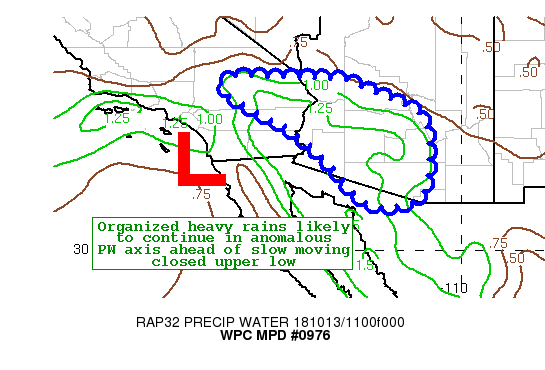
Areas affected...Eastern California...Southwest Arizona

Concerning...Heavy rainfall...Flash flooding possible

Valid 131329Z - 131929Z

Summary...This is an update to mesoscale precipiation discussion
#0974.  Heavy rain and flash flooding potential will continue into
Saturday morning over eastern California into Southwest Arizona
ahead of the strong closed low off the southern California coast.

Discussion...The latest regional radars and satellite imagery are
showing no let up to the organized area of heavy precipitation
across eastern California into far southwest Arizona ahead of the
strong closed low currently off the southern California coast.
This closed low is expected to continue its slow eastward push
this morning along the California/Mexico border
region...maintaining strong large scale lift in an axis of PW
values 2.0 to 3+ standard deviations above the mean.

While the simulated radars from the 0000 utc hi res guidance are
showing some typical biases of being underdone with current
reflectivity...they do show organized activity continuing ahead of
this closed low...possibly re-developing this morning farther to
the southeast over south central Arizona.  This trend seems to
already beginning to occur as per cloud top cooling over far
northern Mexico and far south central Arizona and the
corresponding increase in reflectivity.

Rainfall rates of 1 to 1.5"+ per hour likely to continue with the
area of strongest radar returns over far eastern California into
far southwest Arizona.  Hourly rainfall rates from the 0000 utc
hi res guidance seem a little underdone given current
activity...with rates generally in the .50-1" range.  Rainfall
rates of .50"+ possible farther to the northwest in the more
stratiform region over eastern California.  Rainfall rates likely
will be increasing this morning over south central Arizona as
activity continues to enhance here...with rates of 1"+ per hour
likely.

The deep moisture and the upper air support is forecast to
continue to provide support for locally intense rainfall rates
that result in flooding through this morning.  The greatest threat
will be in, but not limited to, dry washes and burn-scars.